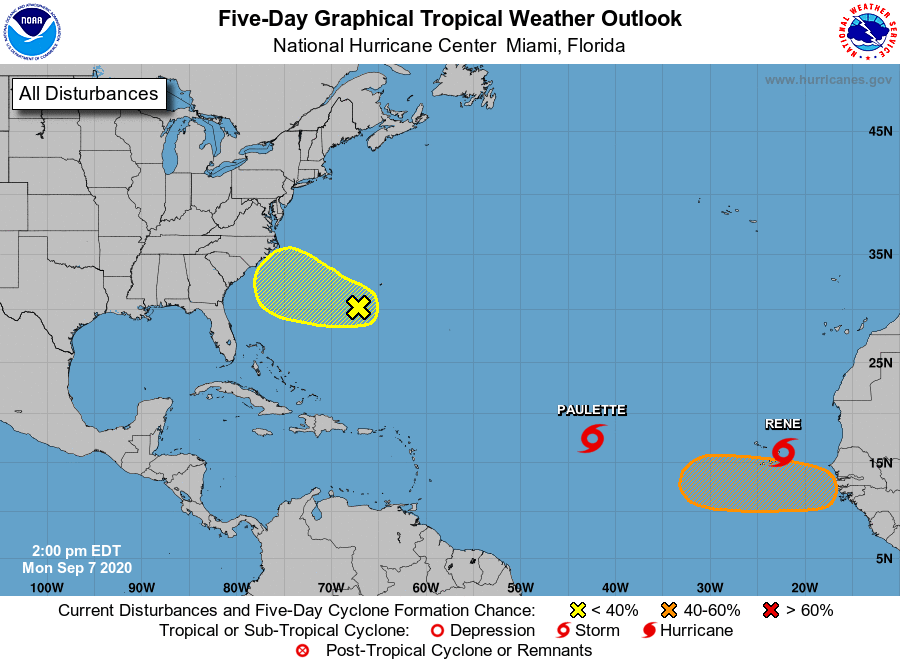
For the North Atlantic...Caribbean Sea and the Gulf of Mexico:

The National Hurricane Center is issuing advisories on recently upgraded Tropical Storm Paulette, located over the central tropical Atlantic, and on Tropical Depression Eighteen, located just east of the Cabo Verde Islands.

1. An area of low pressure located just southwest of Bermuda is producing disorganized showers and a few thunderstorms. Some slow development of this system is possible during the next several days while it moves generally westward or west-northwestward.
* Formation chance through 48 hours...low...10 percent.
* Formation chance through 5 days...low...30 percent.

2. A tropical wave is forecast to emerge off the west coast of Africa late Wednesday or Thursday. Gradual development is anticipated once the system moves over water, and a tropical depression could form late this week or over the weekend while the system moves generally westward across the eastern Atlantic.
* Formation chance through 48 hours...low...near 0 percent.
* Formation chance through 5 days...medium...50 percent.

Public Advisories on Tropical Storm Paulette are issued under WMO header WTNT32 KNHC and under AWIPS header MIATCPAT2. Forecast/Advisories on Tropical Storm Paulette are issued under WMO header WTNT22 KNHC and under AWIPS header MIATCMAT2.

Public Advisories on Tropical Depression Eighteen are issued under WMO header WTNT33 KNHC and under AWIPS header MIATCPAT3. Forecast/Advisories on Tropical Depression Eighteen are issued under WMO header WTNT23 KNHC and under AWIPS header MIATCMAT3.

Forecaster Cangialosi